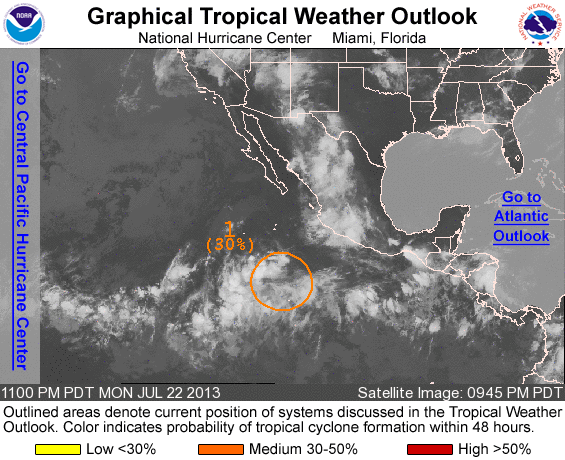
FOR THE EASTERN NORTH PACIFIC...EAST OF 140 DEGREES WEST LONGITUDE..

1. A LOW PRESSURE SYSTEM LOCATED ABOUT 550 MILES SOUTHWEST OF MANZANILLO MEXICO HAS CHANGED LITTLE IN ORGANIZATION DURING THE PAST FEW HOURS. HOWEVER...ENVIRONMENTAL CONDITIONS ARE EXPECTED TO BECOME MORE CONDUCIVE FOR DEVELOPMENT OVER THE NEXT DAY OR SO...AND THIS LOW HAS A MEDIUM CHANCE...30 PERCENT...OF BECOMING A TROPICAL CYCLONE DURING THE NEXT 48 HOURS AS IT MOVES WESTWARD AT ABOUT 15 MPH.

ELSEWHERE...TROPICAL CYCLONE FORMATION IS NOT EXPECTED DURING THE NEXT 48 HOURS.

FORECASTER BERG